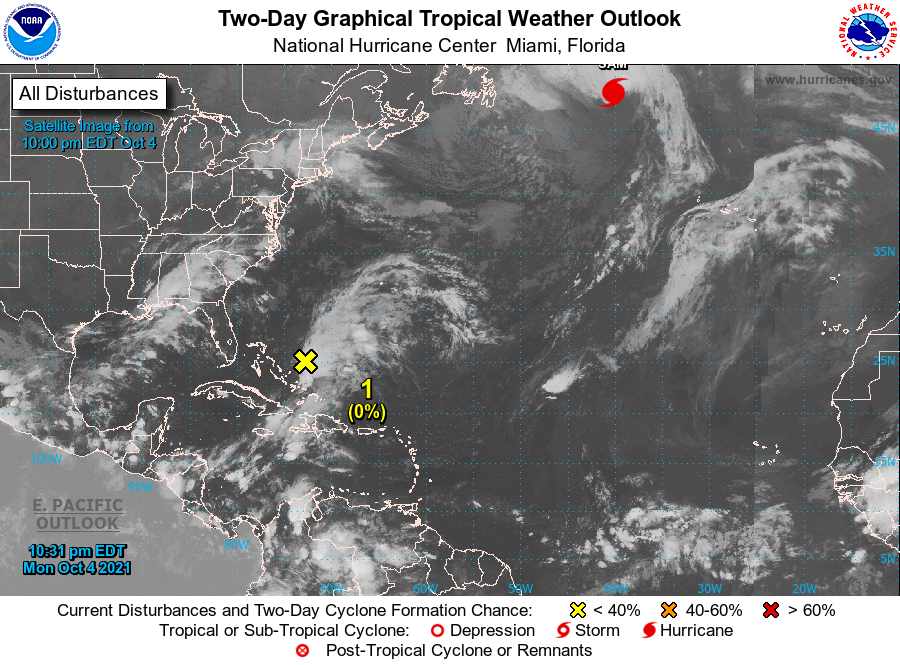
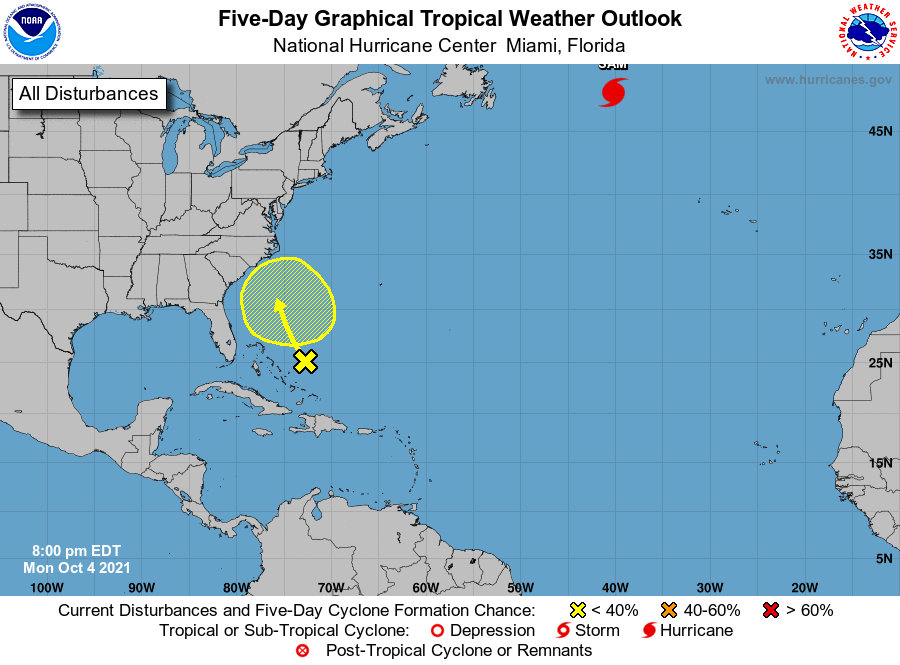
For the North Atlantic...Caribbean Sea and the Gulf of Mexico:

The National Hurricane Center is issuing advisories on Hurricane Sam located over the far North Atlantic.

1. A large area of disorganized showers and thunderstorms continues over the southeastern Bahamas and adjacent southwestern Atlantic waters in association with a surface trough. Upper-level winds are not expected to be favorable for significant tropical development of this system while it moves slowly northwestward over the next several days. By this weekend, the system is forecast to merge with a front near the coast of the southeastern United States.
* Formation chance through 48 hours...low...near 0 percent.
* Formation chance through 5 days...low...10 percent.

Forecaster Blake